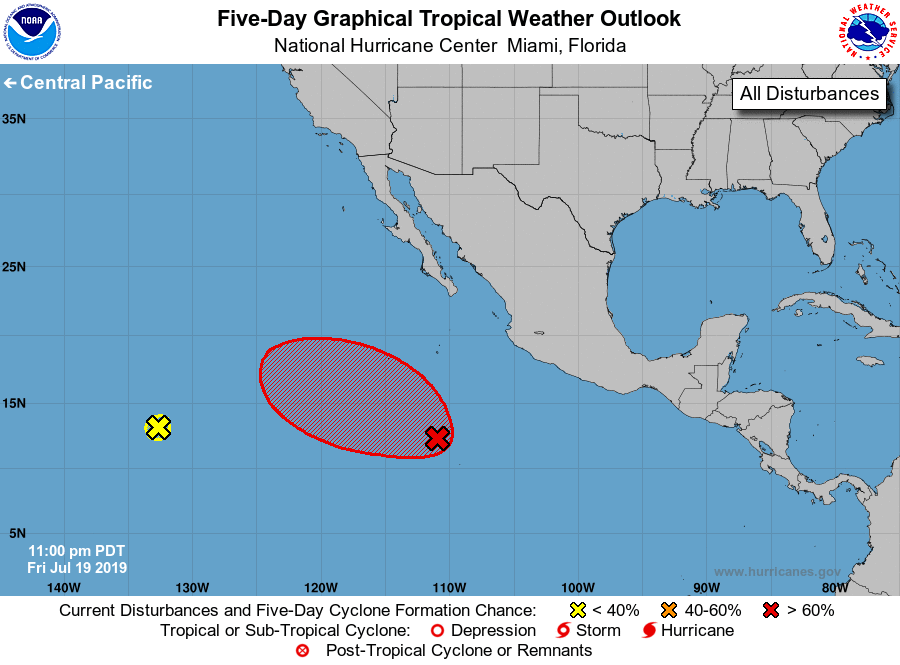
For the eastern North Pacific...east of 140 degrees west longitude:

1. A large area of disturbed weather located several hundred miles southwest of the southwestern coast of Mexico is associated with a tropical wave. Environmental conditions are expected to be conducive for development during the next few days, and a tropical depression is likely to form early next week. This disturbance is forecast to move westward to west-northwestward at 10 to 15 mph, away from the coast of Mexico.
* Formation chance through 48 hours...low...30 percent.
* Formation chance through 5 days...high...80 percent.

2. Showers and thunderstorms associated with an elongated area of low pressure located more than 1600 miles southwest of the southern tip of the Baja California peninsula have become less organized this evening. Environmental conditions are becoming less conducive and development of this system is not expected while it moves west-northwestward to northwestward at 10 to 15 mph.
* Formation chance through 48 hours...low...near 0 percent.
* Formation chance through 5 days...low...near 0 percent.

Forecaster Brown